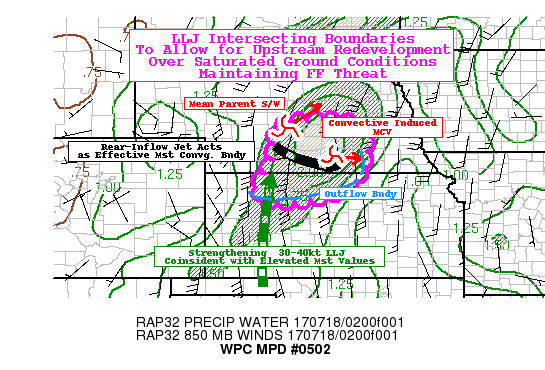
AREAS AFFECTED...SOUTH CENTRAL NEB...NORTH CENTRAL KS

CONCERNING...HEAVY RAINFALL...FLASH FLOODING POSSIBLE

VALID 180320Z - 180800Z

SUMMARY...CONTINUED FLASH FLOODING THREAT OVER AREAS ALREADY
IMPACTED EARLIER TONIGHT AS NEW DEVELOPMENT FILLS IN UPSTREAM.

DISCUSSION...RADAR MOSAIC DENOTES OVERALL WANING MCS AS MAIN
FORWARD PROPAGATING OUTFLOW TO THE SE IS NARROW STABLE AREA (AND
AREA OF REDUCED MOISTURE PER GOES-16 TPW PRODUCT) OVER E KS.
STILL THE OUTFLOW BOUNDARY DOES ARC BACK TOWARD THE WEST LAID OUT
E-W AND GENERALLY PERPENDICULAR TO THE STRENGTHENING LLJ THAT RUNS
FROM DDC TOWARD S CENTRAL NEB.  RAP/GOES TPW ANALYSIS COMBINED
WITH 00Z RAOBS FROM THE VICINITY SHOW THIS NARROW CORRIDOR OF
INCREASED MOISTURE ACROSS WEST CENTRAL KS TOWARD THE MEAN
SHORTWAVE LOCATION NEAR CUSTER COUNTY. NEB.  AS SUCH INCREASED
NEAR BOUNDARY LAYER CONVERGENCE ALONG THIS OUTFLOW HAS SEEN A
RECENT UPTICK IN CONVECTIVE ACTIVITY/IR COOLING/LIGHTNING
STRIKES...AND GIVEN ORIENATION TO THE MCV SHIFTING EAST AND THE
MEAN MESOSCALE SHORTWAVE IN CUSTER COUNTY...CELL MOTIONS ARE NEAR
ZERO FOR THIS LOCATION...POSING AT LEAST A SLIGHT CHANCE FOR 2-3"
TOTALS GIVEN RATES OF 1.5-2"/HR WITH SOME INCREASED CHANCE OF
BACKBUILDING GIVEN THE CONTINUED CONVERGENCE ALONG THE BOUNDARY.

FURTHER NORTH...THE STRENGTHENED REAR INFLOW JET TO THE MCV IS
ALSO LIGHTING UP GIVEN STRONGER MST CONVERGENCE AROUND 7H...AND
WHILE THE CONVECTION IS A BIT MORE ELEVATED...THERE REMAINS
SUFFICIENT MOISTURE AND INSTABILITY ADVECTED ON THE ASCENDING LLJ
TO SUPPORT CONTINUED UPSTREAM REDEVELOPMENT ALONG THIS BOUNDARY AS
WELL.  WHILE A BIT LESS EFFICIENT THE SUB-CLOUD ENVIRONMENT
REMAINS FAIRLY SATURATED ALLOWING FOR RATES OF 1.5-2"/HR.  GIVEN
THIS IS FALLING OVER AREAS HIGHLY AFFECTED BY 3-4" THIS SHOULD AT
LEAST PROLONG ANY ONGOING FLOODING CONCERNS IN THE VICINITY
THROUGH THE NEXT FEW HOURS.

BIGGEST REMAINING UNCERTAINTY IS THE DURATION AT WHICH CONVECTION
WILL MAINTAIN...BUT GIVEN DDC VWP AND RAP ANALYSIS SUGGESTING
35-40KT LLJ MAINTAIN WITH SLIGHT VEERING THROUGH 07-08Z THERE
REMAINS A THREAT THOUGH GIVEN REDUCING INSTABILITY WITH
TIME...CELLS ARE LIKELY TO BECOME A BIT LESS ORGANIZED AND
SCATTERED IN NATURE WITH MORE ISOLATED SMALLER POCKETS OF FLASH
FLOOD INDUCING RAINFALL TOTALS.